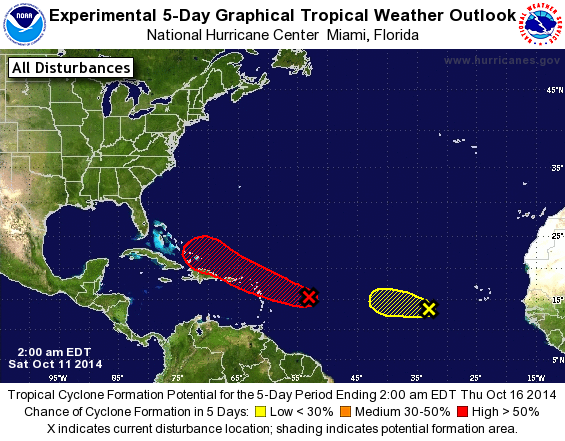
For the North Atlantic...Caribbean Sea and the Gulf of Mexico:

The National Hurricane Center is issuing advisories on Subtropical Storm Fay, located several hundred miles south of Bermuda.

1. Shower activity associated with a tropical wave several hundred miles east of the Leeward Islands have decreased during the past few hours. This system is expected to move toward the west-northwest at about 10 mph with no significant development during the next couple of days. However, environmental conditions could become a little more conducive for tropical cyclone formation by early next week. Interests in the Leeward Islands and Puerto Rico should monitor the progress of this system.
* Formation chance through 48 hours...low...20 percent.
* Formation chance through 5 days...high...60 percent.

2. Disorganized showers and thunderstorms located several hundred miles west of the Cape Verde Islands are associated with a westward-moving tropical wave. Upper-level winds are not favorable, and significant development of this system is unlikely.
* Formation chance through 48 hours...low...10 percent.
* Formation chance through 5 days...low...10 percent.

Forecaster Avila